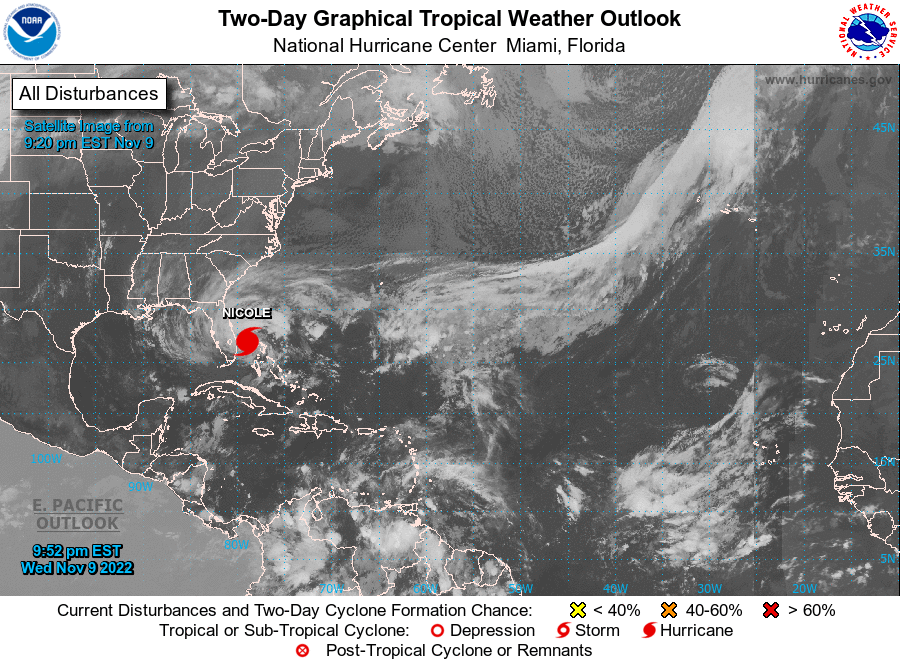
For the North Atlantic...Caribbean Sea and the Gulf of Mexico:

Active Systems: The National Hurricane Center is issuing advisories on recently upgraded Hurricane Nicole, located near the Grand Bahama Island in the Northwestern Bahamas.

Tropical cyclone formation is not expected during the next 5 days.

Forecaster Roberts